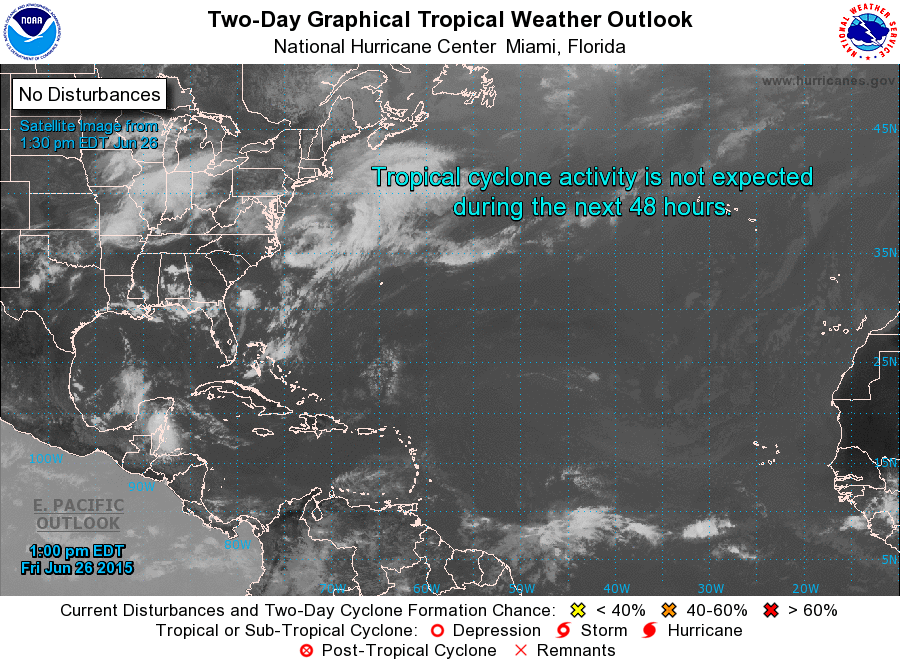
For the North Atlantic...Caribbean Sea and the Gulf of Mexico:

Tropical cyclone formation is not expected during the next 5 days.

Forecaster Burke